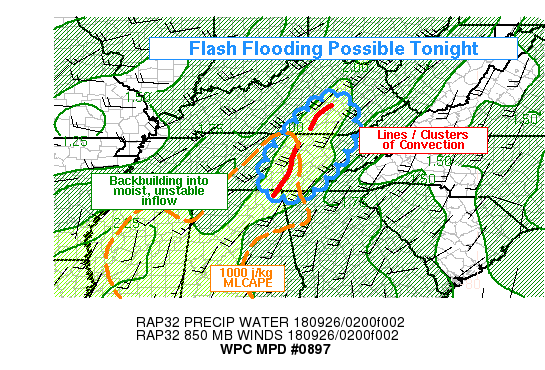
Areas affected...Eastern Tennessee, Eastern Kentucky

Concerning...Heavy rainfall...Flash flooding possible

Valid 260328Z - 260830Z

Summary...Thunderstorms should persist overnight across parts of
eastern Kentucky and eastern Tennessee, and could produce rain
rates around 1-2 in/hr in some cases. This could lead to flash
flooding, given relatively wet ground conditions already.

Discussion...Regional radars showed loosely organized convective
clusters and line segments stretching from eastern Kentucky into
eastern Tennessee, situated in an axis of high precipitable water
values. RAP analysis showed PW around 2 inches. The convection was
also positioned just downstream from an instability axis, with
MLCAPE values in excess of 1000 j/kg nosing into the greater
Nashville area. Winds at 925-850mb were out of the southwest (per
OHX and HTX radar VWPs), and should favor some backbuilding given
the upstream position of stronger instability (with minimal CINH).
And this has been observed to a certain extent already, with only
a slight drift to the east noted over the past 90 minutes with the
average axis of the highest reflectivity in eastern Tennessee.
Hi-res models reflect this same pattern, and thus show a fairly
strong signal for heavy rainfall in the next several hours
(particularly 03-06Z). The 00Z HREF has neighborhood probabilities
of over 2 inches of rain from 03-09Z as high as 50-60 percent in
eastern Tennessee. This is noteworthy given the reduced flash
flood guidance across the area, with 6hr FFG as low as 1.5 to 2.0
inches in some areas, and 1hr FFG as low as around 1 inch. These
sort of rain rates should be achievable in an environment with
significant deep moisture available, coupled with moderate
instability (for some storm organization). The lack of a strong
low-level boundary should limit the overall organization somewhat,
though, but enough backbuilding is being observed that localized
heavy rainfall totals in excess of 2-3 inches appear possible, and
that could lead to flash flooding.